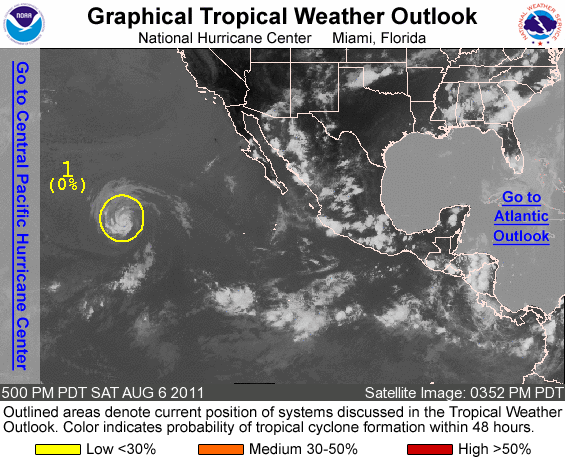
FOR THE EASTERN NORTH PACIFIC...EAST OF 140 DEGREES WEST LONGITUDE..

1. THE REMNANT CIRCULATION OF EUGENE...LOCATED ABOUT 1275 MILES WEST OF THE SOUTHERN TIP OF BAJA CALIFORNIA...IS STILL PRODUCING TROPICAL- STORM-FORCE WINDS. THIS SYSTEM HAS A LOW CHANCE...NEAR 0 PERCENT... OF BECOMING A TROPICAL CYCLONE DURING THE NEXT 48 HOURS.

FOR ADDITIONAL INFORMATION ON THIS SYSTEM PLEASE SEE HIGH SEAS FORECASTS ISSUED BY THE NATIONAL WEATHER SERVICE...UNDER AWIPS HEADER NFDHSFEPI AND WMO HEADER FZPN02 KWBC.

ELSEWHERE...TROPICAL CYCLONE FORMATION IS NOT EXPECTED DURING THE NEXT 48 HOURS.

FORECASTER STEWART/FRANKLIN